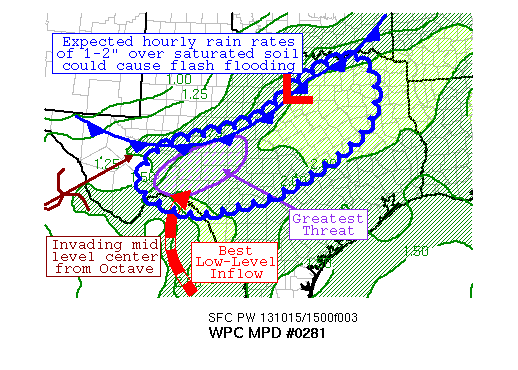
AREAS AFFECTED...CENTRAL AND NORTHEAST TX

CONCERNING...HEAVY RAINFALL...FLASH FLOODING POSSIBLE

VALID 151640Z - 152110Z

SUMMARY...MOISTURE AHEAD OF THE ELONGATED MID-LEVEL CIRCULATION
FORMERLY ASSOCIATED WITH TROPICAL DEPRESSION OCTAVE CONTINUES
STREAKING ACROSS TX.  AS HEAVY RAINS ARE EXPECTED ACROSS SATURATED
GROUND, REGIONAL FLASH FLOODING IS CONSIDERING POSSIBLE OVER THE
NEXT SEVERAL HOURS ACROSS CENTRAL AND NORTHEAST TX.

DISCUSSION...A SUBTROPICAL MOISTURE STREAM -- INCLUDING THE
ELONGATING MID-LEVEL CIRCULATION FROM TROPICAL DEPRESSION OCTAVE
-- IS STREAKING AHEAD OF AN EASTWARD-MOVING MID- TO UPPER-LEVEL
SHORTWAVE ACROSS CHIHUAHUA STATE ACROSS NORTHWEST MX.  RECENT
RADAR TRENDS INDICATE RAINFALL RATES NEAR THE RED RIVER OF THE
SOUTH HAVE COME DOWN WHILE CONVECTION MAINTAINS ITSELF ACROSS
CENTRAL TX...WHICH APPEARS TO BE HANDLED WITHIN THE 00Z ARW
GUIDANCE CAPE FIELD.  LOW-LEVEL INFLOW OF 20-25 KTS IS INDICATED
BY AREA VAD WIND PROFILES AND THE 15Z RAP GUIDANCE.  PRECIPITABLE
WATER VALUES OF 2-2.5 INCHES LIE ACROSS TX, WHICH ARE IN THE 90TH
TO 95TH PERCENTILES FOR MID-OCTOBER, AND ARE ACTING TO HELP OUT
PRECIPITATION EFFICIENCY.  SATELLITE TRENDS SHOW WARM TOPS TO
ONGOING CONVECTION, INDICATING WARM RAIN PROCESSES ARE AT WORK.
THIS NORMALLY ALLOWS HEAVIER RAINFALL WITH BELOW AVERAGE CAPES,
WHICH ARE NEAR 500 J/KG WITHIN THE SATURATED AIR MASS ACROSS TX
PER RECENT ARW RUNS.

A COLD FRONT IS MOVING INTO THIS REGION, WHICH IS EXPECTED TO
CAUSE INCREASING CONVECTION/RAINFALL RATES ACROSS CENTRAL TX LATE
THIS MORNING INTO EARLY THIS AFTERNOON DUE TO INCREASING LOW-LEVEL
CONVERGENCE -- RAINFALL RATES OF 1-2" PER HOUR ARE EXPECTED.
REGIONAL FLASH FLOOD GUIDANCE VALUES ARE ROUGHLY NEAR 2.5 INCHES/3
HOURS, THOUGH THEY ARE MUCH LOWER NEAR THE PECOS RIVER VALLEY.
THE 00Z/12Z ARW INDICATE CAPE VALUES COULD SLOWLY INCREASE ACROSS
CENTRAL AND NORTHEAST TX INTO THE AFTERNOON HOURS, WHICH IS ALSO
SUGGESTED BY TRENDS IN THE HRRR SINCE ITS 11Z RUN AND THE NAM
CONEST SINCE ITS 06Z RUN.  WHEN COMBINED WITH THE CORFIDI VECTORS,
LOW-LEVEL INFLOW, AND 850-400 HPA LAYER WINDS ALL BEING PARALLEL
TO THE CURRENT MOISTURE BAND, CONVECTION, AND INVADING FRONTAL
BOUNDARY, REGIONAL FLASH FLOODING IS CONSIDERED POSSIBLE.